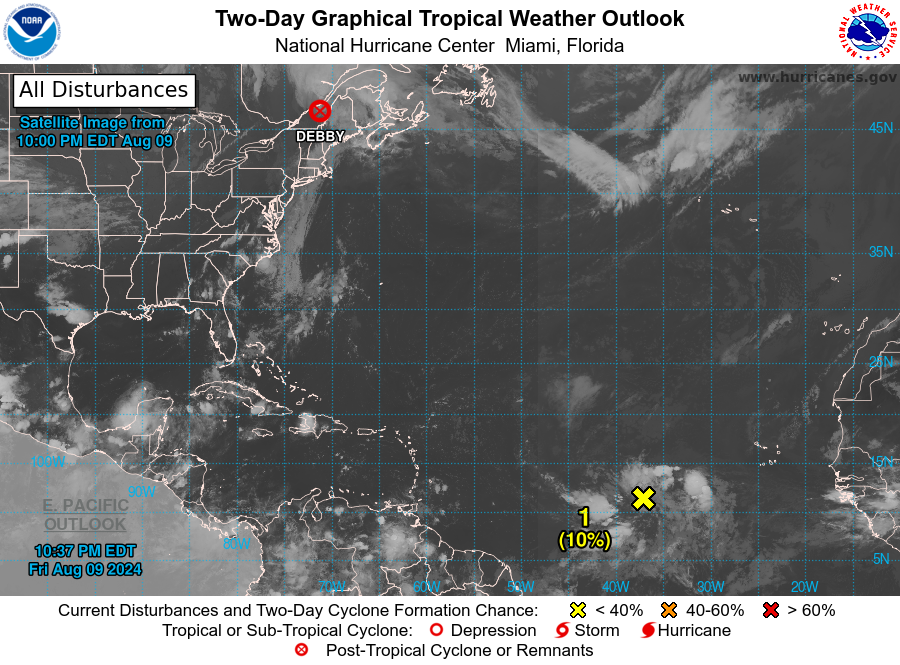
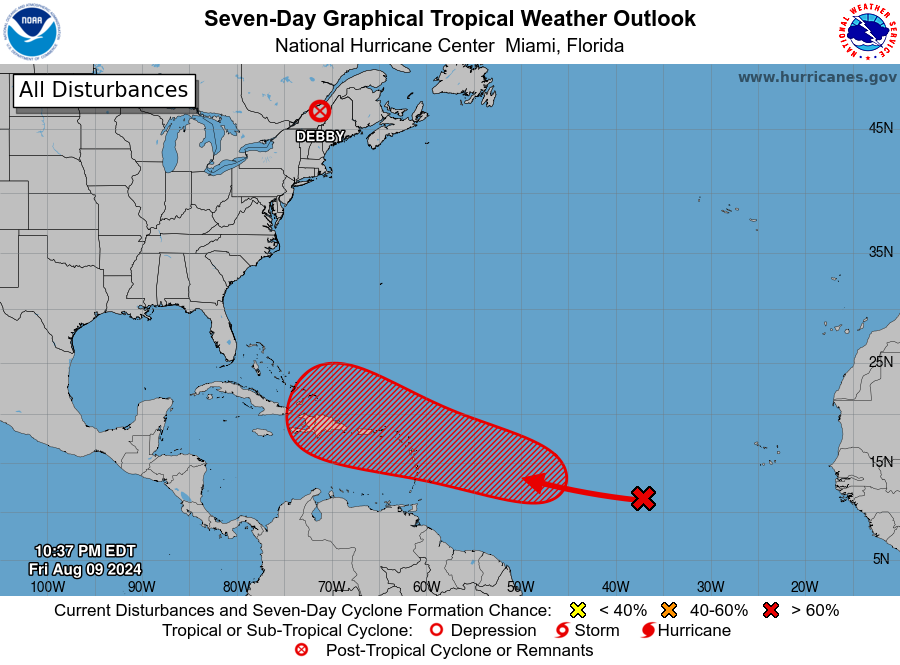
For the North Atlantic...Caribbean Sea and the Gulf of Mexico:

Active Systems: The Weather Prediction Center is issuing advisories on Post-Tropical Cyclone Debby, located inland over the northeastern United States.

1. Near the Lesser and Greater Antilles: Shower activity associated with a tropical wave located about 900 miles west-southwest of the Cabo Verde Islands has become a little better organized since yesterday. Slow development of this system is possible during the next couple of days while it moves westward to west-northwestward across the central tropical Atlantic. Conditions are expected to become more conducive for development thereafter, and a tropical depression is likely to form by early next week while the system approaches and then moves near or over the Lesser Antilles. The system is forecast to continue moving generally west-northwestward and could approach portions of the Greater Antilles by the middle part of next week.
* Formation chance through 48 hours...low...10 percent.
* Formation chance through 7 days...high...70 percent.

Forecaster Beven